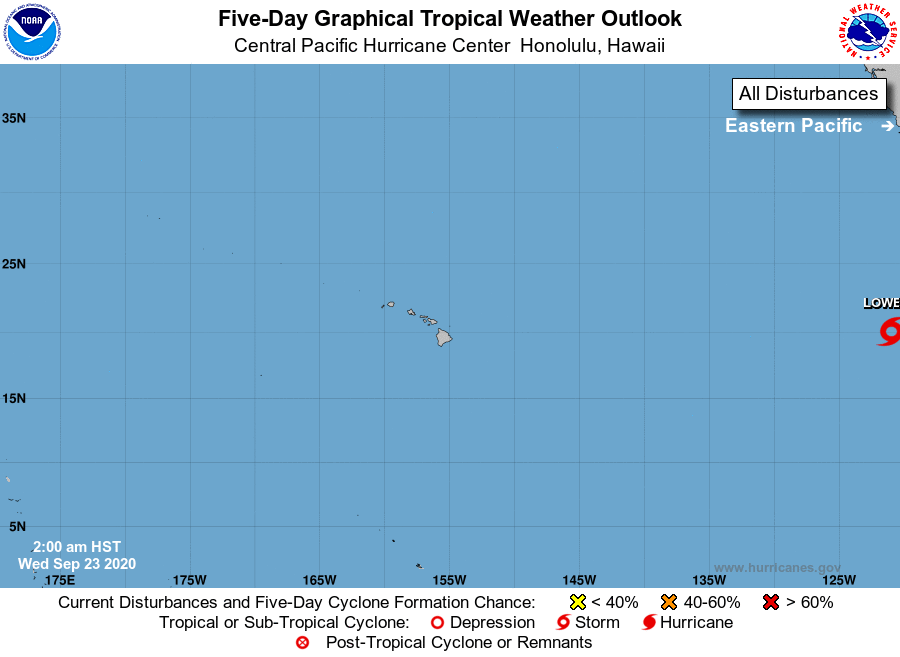
For the central North Pacific...between 140W and 180W:

No tropical cyclones are expected during the next 5 days.

Forecaster M Ballard